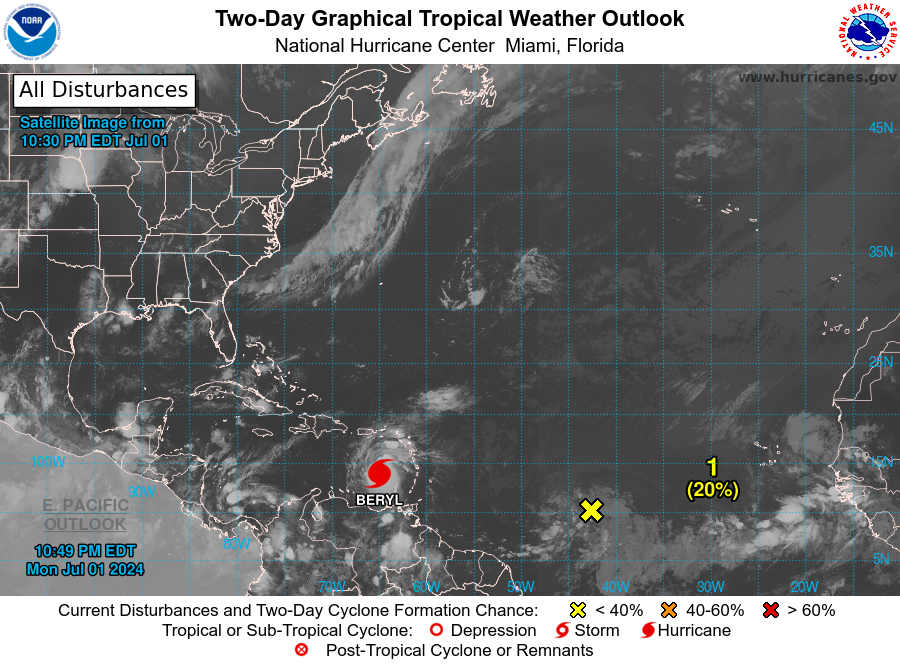
For the North Atlantic...Caribbean Sea and the Gulf of Mexico:

Active Systems: The National Hurricane Center is issuing advisories on Hurricane Beryl, located over the southeastern Caribbean Sea.

1. Central Tropical Atlantic (AL96): Disorganized showers and thunderstorms have diminished somewhat in association with an area of low pressure located over 1000 miles east-southeast of the Windward Islands. Environmental conditions only appear marginally conducive for additional development of this system, but a tropical depression could still form during the next few days while it moves generally westward at 15 to 20 mph across the central and western tropical Atlantic. Interests in the Lesser Antilles should monitor the progress of this system.
* Formation chance through 48 hours...low...20 percent.
* Formation chance through 7 days...medium...40 percent.

Forecaster Pasch